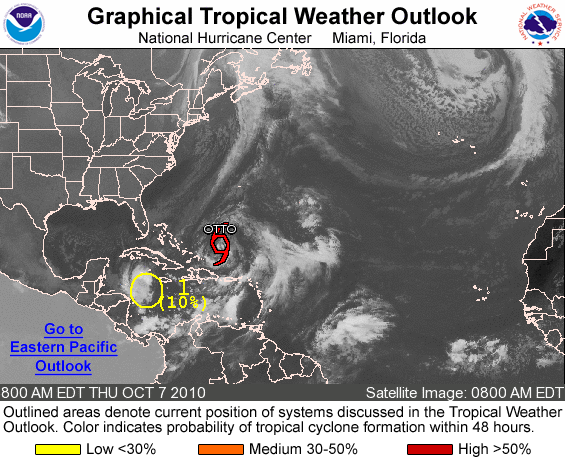
FOR THE NORTH ATLANTIC...CARIBBEAN SEA AND THE GULF OF MEXICO...

THE NATIONAL HURRICANE CENTER IS ISSUING ADVISORIES ON SUBTROPICAL STORM OTTO...LOCATED ABOUT 235 MILES NORTHEAST OF GRAND TURK ISLAND AND ABOUT 635 MILES SOUTH-SOUTHWEST OF BERMUDA.

1. A SURFACE LOW PRESSURE TROUGH IS PRODUCING AN AREA OF SHOWERS AND THUNDERSTORMS OVER THE WEST-CENTRAL CARIBBEAN SEA ABOUT MIDWAY BETWEEN HONDURAS AND JAMAICA. DEVELOPMENT OF THIS DISTURBANCE... IF ANY...SHOULD BE SLOW TO OCCUR AS IT MOVES SOUTHWARD AT 10 TO 15 MPH. THERE IS A LOW CHANCE...10 PERCENT...OF THIS SYSTEM BECOMING A TROPICAL CYCLONE DURING THE NEXT 48 HOURS.

ELSEWHERE...TROPICAL CYCLONE FORMATION IS NOT EXPECTED DURING THE NEXT 48 HOURS.

FORECASTER STEWART